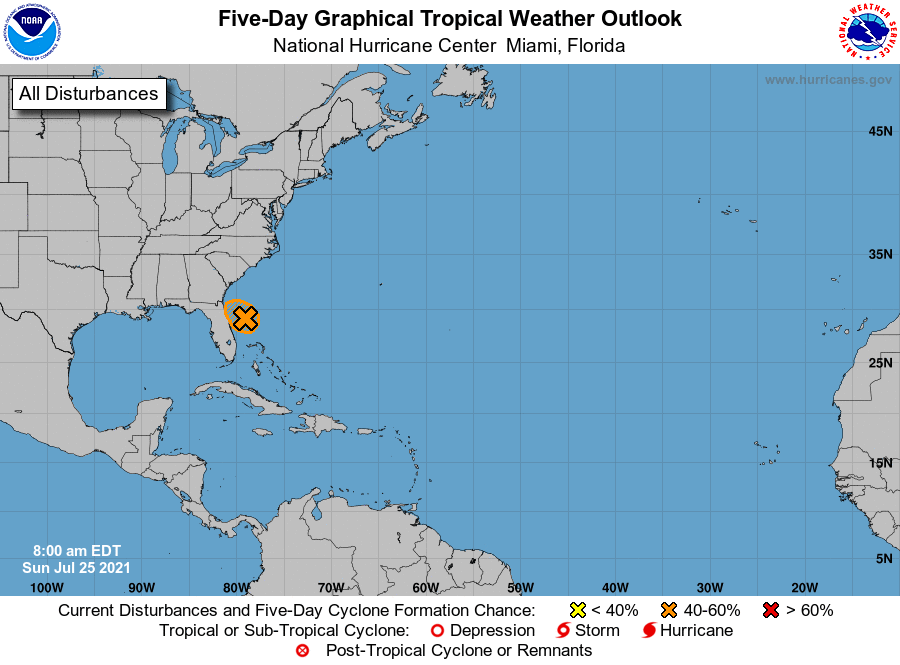
For the North Atlantic...Caribbean Sea and the Gulf of Mexico:

1. A well-defined low pressure area located about 160 miles east of Daytona Beach, Florida, continues to produce disorganized shower and thunderstorm activity mainly to the east and southeast of the center. Environmental conditions are expected to be marginally conducive for development, and a tropical depression could still form later today or early Monday while the system drifts westward toward the east coast of Florida. An Air Force Reserve reconnaissance aircraft is scheduled to investigate the low this afternoon, if necessary. Interests in Florida should continue to monitor the progress of this system.
* Formation chance through 48 hours...medium...50 percent.
* Formation chance through 5 days...medium...50 percent.

Forecaster Pasch